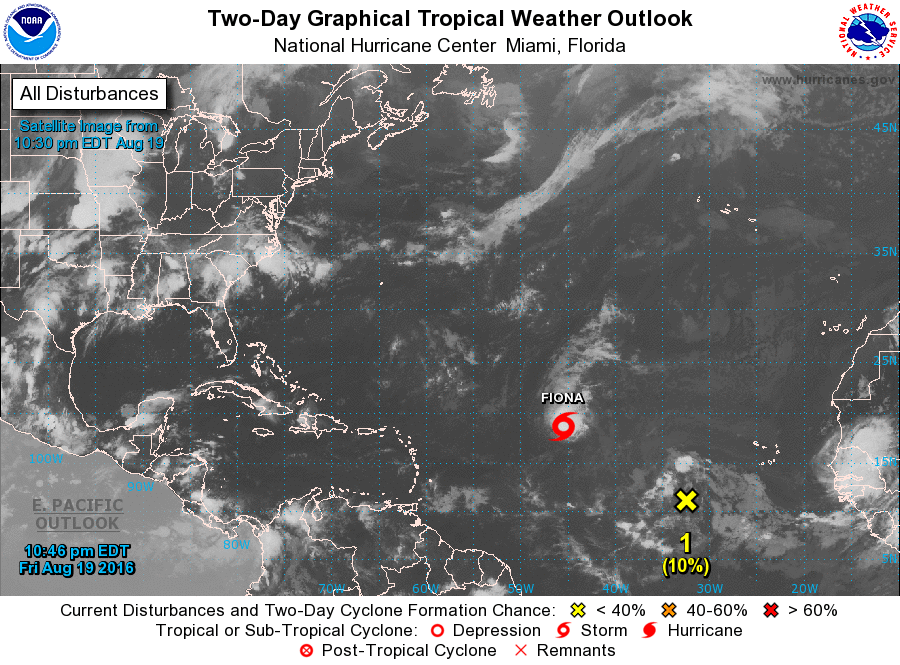
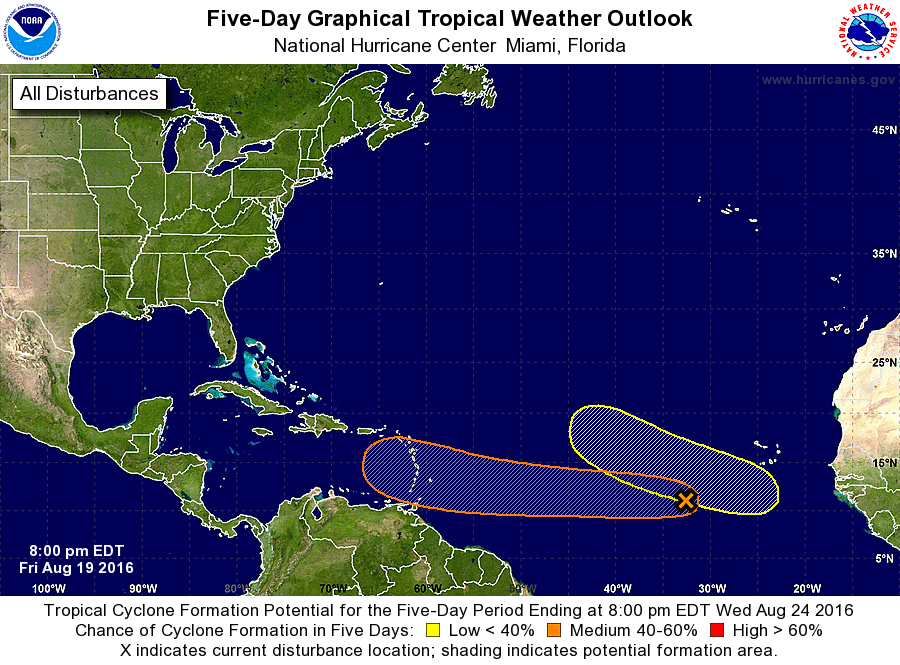
For the North Atlantic...Caribbean Sea and the Gulf of Mexico:

The National Hurricane Center is issuing advisories on Tropical Storm Fiona, located over the central tropical Atlantic.

1. A broad area of low pressure, associated with a tropical wave, is located about 600 miles southwest of the Cabo Verde Islands. This disturbance is producing a large area of cloudiness but only a few showers and thunderstorms, and any development of this system during the next couple of days should be slow to occur due to its proximity to dry air. Environmental conditions are forecast to be more conducive for development after that time, and a tropical depression could form by the middle of next week while the system moves westward at 15 to 20 mph across the tropical Atlantic Ocean and into the eastern Caribbean Sea.
* Formation chance through 48 hours...low...10 percent
* Formation chance through 5 days...medium...50 percent

2. A tropical wave is forecast to move off of the coast of Africa on Saturday. Environmental conditions appear conducive for gradual development of this system early next week while it moves generally west-northwestward over the eastern tropical Atlantic Ocean.
* Formation chance through 48 hours...low...near 0 percent
* Formation chance through 5 days...low...30 percent

Forecaster Berg